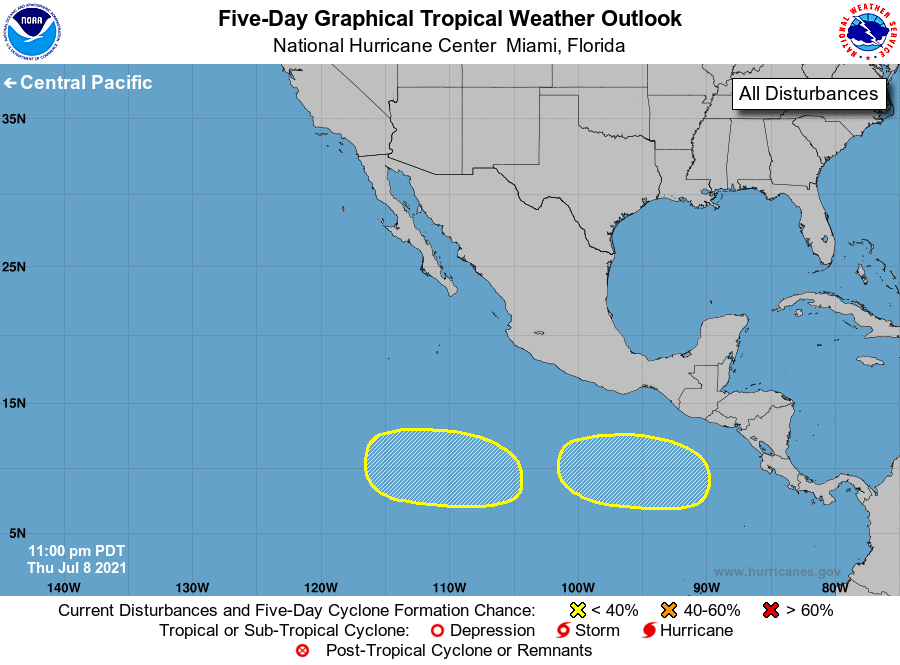
For the eastern North Pacific...east of 140 degrees west longitude:

1. A broad area of low pressure is expected to form several hundred miles south-southwest of the southern coast of Mexico by early next week. Gradual development of this system is possible thereafter as it moves generally west-northwestward at 10 to 15 mph.
* Formation chance through 48 hours...low...near 0 percent.
* Formation chance through 5 days...low...20 percent.

2. Another area of low pressure is expected to form a few hundred miles south of the Gulf of Tehuantepec by early next week. Gradual development of this system is possible thereafter while it moves west-northwestward to northwestward at 10 to 15 mph.
* Formation chance through 48 hours...low...near 0 percent.
* Formation chance through 5 days...low...20 percent.

Forecaster Latto